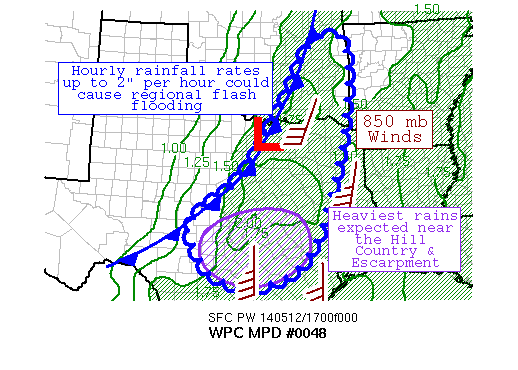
AREAS AFFECTED...EASTERN OK...NORTHEAST AND CENTRAL TX

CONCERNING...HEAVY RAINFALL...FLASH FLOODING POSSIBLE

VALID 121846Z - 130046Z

SUMMARY...ORGANIZED THUNDERSTORMS WITH HEAVY RAINFALL ARE EXPECTED
TO MOVE ACROSS EASTERN OK, NORTHEAST TX, AND THE TX HILL COUNTRY
OVER THE NEXT SEVERAL HOURS.  REGIONAL FLASH FLOODING IS
CONSIDERED POSSIBLE IN THESE AREAS.

DISCUSSION...THE COMBINATION OF A SLOWLY PROGRESSIVE COLD FRONT,
PRECIPITABLE WATER VALUES OF 1.75-2 INCHES (BETWEEN THE 90TH AND
99TH PERCENTILES FOR MID-MAY), 0-3 KM WIND SHEAR OF OVER 25 KNOTS,
AND CAPE VALUES OF 2000-4000 J/KG HAS ORGANIZED A NARROW BAND OF
THUNDERSTORMS ACROSS PORTIONS OF TX AND OK, WITH A CLUSTER
CURRENTLY FORMING ACROSS SOUTHEAST OK.  WITH 850 HPA INFLOW
EXCEEDING THE 850-400 HPA MEAN WINDS ACROSS TX AND OK, HEAVY RAINS
ARE LIKELY WITH THIS ACTIVITY, ON THE ORDER OF 2" AN HOUR WITHIN
STRONGER CONVECTION.

THE MESOSCALE GUIDANCE IS IN GENERAL AGREEMENT THAT THUNDERSTORM
ACTIVITY NEAR THE MOST EXTREME CAPE, COMBINED WITH DRY AIR ALOFT,
SHOULD CAUSE A COLD POOL TO FORM IN ASSOCIATION WITH THE
NORTH-CENTRAL TX, AND POSSIBLY SOUTHEAST OK, CONVECTION AND ALLOW
IT TO BOW OUT SOMEWHAT TO THE SOUTHEAST ACROSS THE HILL COUNTRY
INTO THIS EVENING.  AS IT DOES SO, INFLOW INTO THE BAND WILL
INCREASE AND RAINFALL EFFICIENCY SHOULD INCREASE AT THE EXPENSE OF
THUNDERSTORM ACTIVITY FARTHER TO THE NORTHEAST.  HIGH FLASH FLOOD
GUIDANCE VALUES ACROSS THE REGION, ON THE ORDER OF 3-4" IN THREE
HOURS, PRECLUDED THE IDEA OF THE LIKELY CATEGORY.  LOCAL RAINFALL
AMOUNTS OF 4"+ ARE POSSIBLE ACROSS CENTRAL TX BY SUNSET, WHICH
COULD LEAD TO REGIONAL FLASH FLOODING.